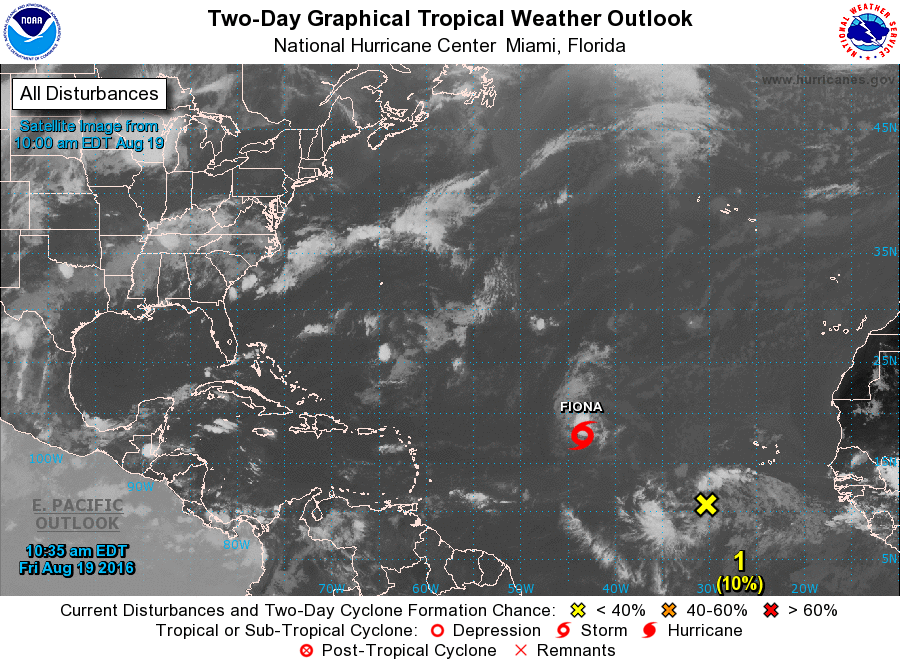
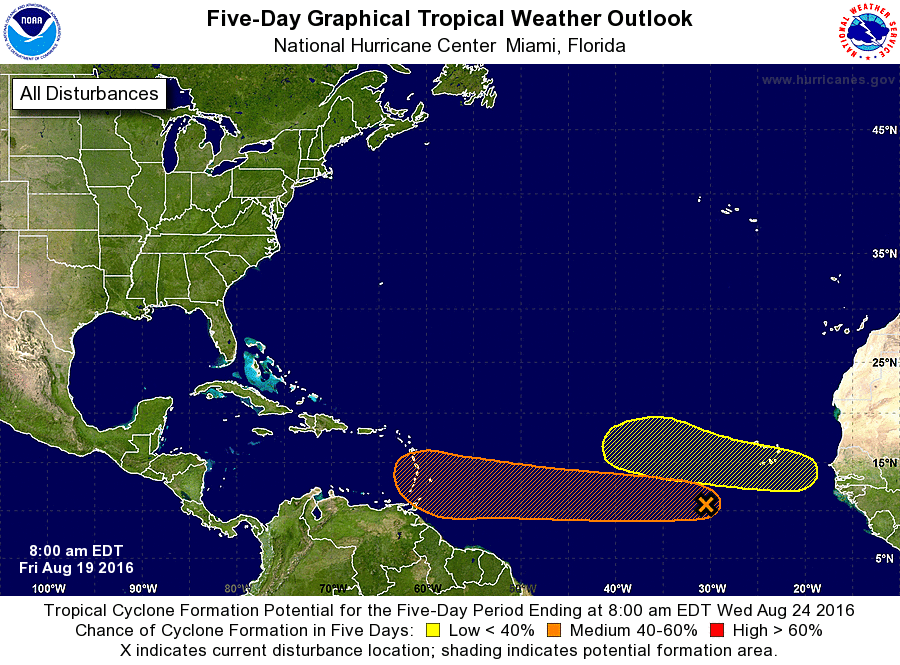
For the North Atlantic...Caribbean Sea and the Gulf of Mexico:

The National Hurricane Center is issuing advisories on Tropical Storm Fiona, located over the central tropical Atlantic.

1. A tropical wave located about 500 miles southwest of the Cabo Verde Islands is producing a disorganized area of cloudiness and shower activity. Environmental conditions are expected to be conducive for gradual development, and a tropical depression could form early next week while the system moves westward at about 15 mph across the tropical Atlantic Ocean.
* Formation chance through 48 hours...low...10 percent
* Formation chance through 5 days...medium...50 percent

2. A tropical wave is forecast to move off of the coast of Africa on Saturday. Environmental conditions appear conducive for gradual development of this system early next week while it moves generally west-northwestward over the eastern tropical Atlantic Ocean.
* Formation chance through 48 hours...low...near 0 percent
* Formation chance through 5 days...low...30 percent

Forecaster Beven